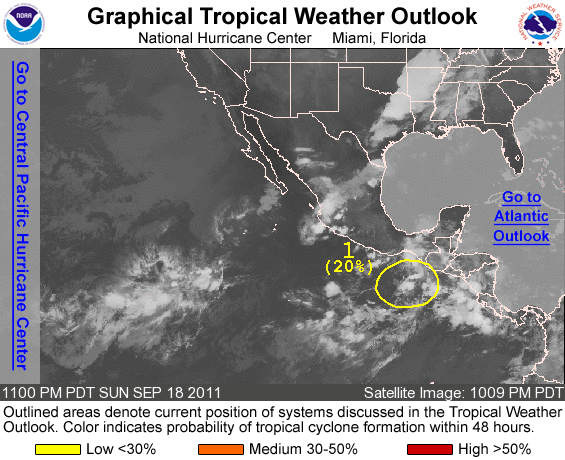
FOR THE EASTERN NORTH PACIFIC...EAST OF 140 DEGREES WEST LONGITUDE..

1. A BROAD LOW PRESSURE SYSTEM LOCATED ABOUT 275 MILES SOUTH OF THE GULF OF TEHUANTEPEC IS PRODUCING A LARGE AREA OF CLOUDINESS AND SCATTERED SHOWERS. SOME SLOW DEVELOPMENT OF THIS DISTURBANCE IS POSSIBLE OVER THE NEXT COUPLE OF DAYS AS IT MOVES WESTWARD AT 5 TO 10 MPH. THIS SYSTEM HAS A LOW CHANCE...20 PERCENT...OF BECOMING A TROPICAL CYCLONE DURING THE NEXT 48 HOURS.

ELSEWHERE...TROPICAL CYCLONE FORMATION IS NOT EXPECTED DURING THE NEXT 48 HOURS.

FORECASTER STEWART